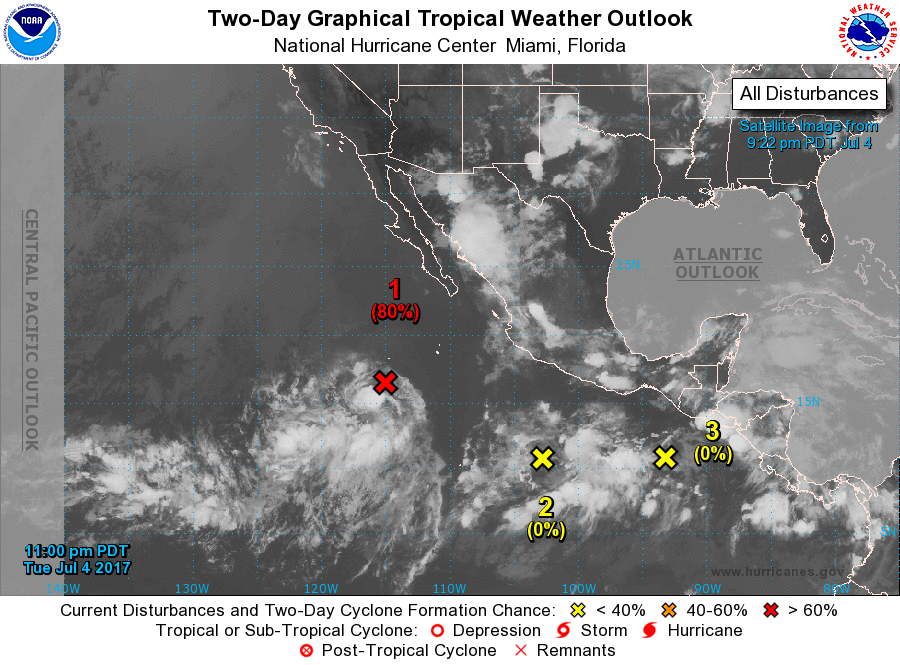
For the eastern North Pacific...east of 140 degrees west longitude:

1. Shower and thunderstorm activity associated with a low pressure area located about 550 miles southwest of the southern tip of the Baja California peninsula has become a little more concentrated this evening. However, satellite data indicates that a well-defined circulation does not yet exist. This system still has the potential to become a tropical depression during the next day or two before it moves westward into a less favorable environment.
* Formation chance through 48 hours...high...80 percent.
* Formation chance through 5 days...high...80 percent.

2. A broad area of low pressure located several hundred miles south of Acapulco, Mexico is producing widespread showers and thunderstorms. Environmental conditions are forecast to be favorable for gradual development, and this system is likely to become a tropical depression late this week or this weekend while the disturbance moves generally westward at about 10 mph.
* Formation chance through 48 hours...low...near 0 percent.
* Formation chance through 5 days...high...70 percent.

3. Another area of disturbed weather is located over the far eastern North Pacific, a few hundred miles south of the coast of El Salvador. Development, if any, of this system should be slow to occur, due in part to its close proximity to the disturbance to the west.
* Formation chance through 48 hours...low...near 0 percent.
* Formation chance through 5 days...low...10 percent.

Forecaster Beven